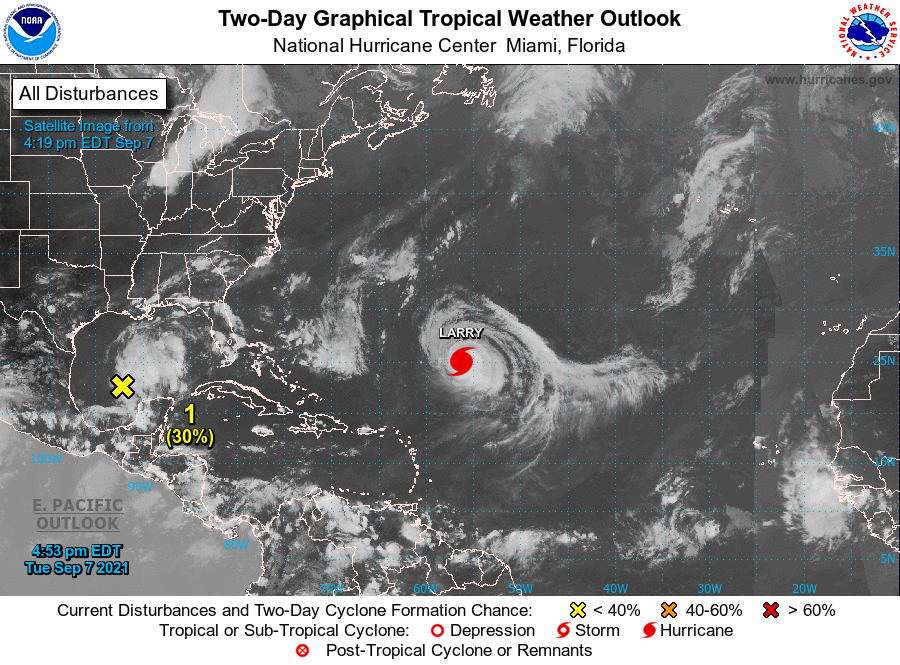
For the North Atlantic...Caribbean Sea and the Gulf of Mexico:

The National Hurricane Center is issuing advisories on Hurricane Larry, located over the central Atlantic several hundred miles southwest of Bermuda.

1. Showers and thunderstorms have increased today over the south-central Gulf of Mexico in association with a surface trough and an upper-level disturbance. The system is expected to move slowly northeastward over the central and northeastern Gulf of Mexico during the next couple of days. Upper-level winds are currently unfavorable for development, but they are forecast to become more conducive for some limited tropical or subtropical cyclone development as the system nears the northern Gulf coast on Wednesday and Wednesday night. The disturbance is then expected to cross the southeastern United States, and some slight additional development will be possible after it emerges off the southeastern United States coast late this week. Regardless of development, areas of heavy rainfall will be possible across portions of the Florida panhandle and southern Georgia on Wednesday and Thursday, with localized flooding possible.
* Formation chance through 48 hours...low...30 percent.
* Formation chance through 5 days...medium...40 percent.

Forecaster Latto